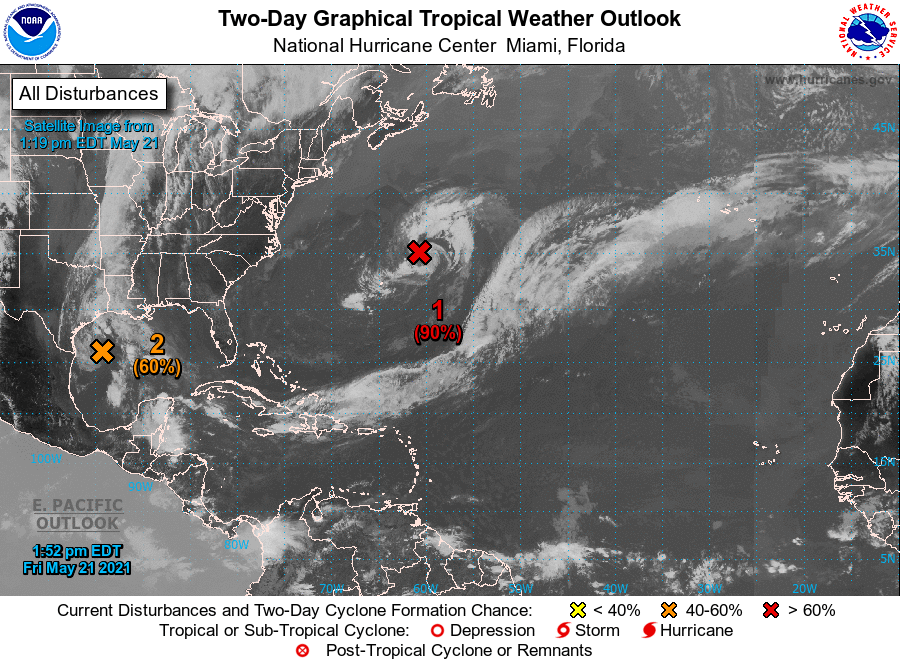
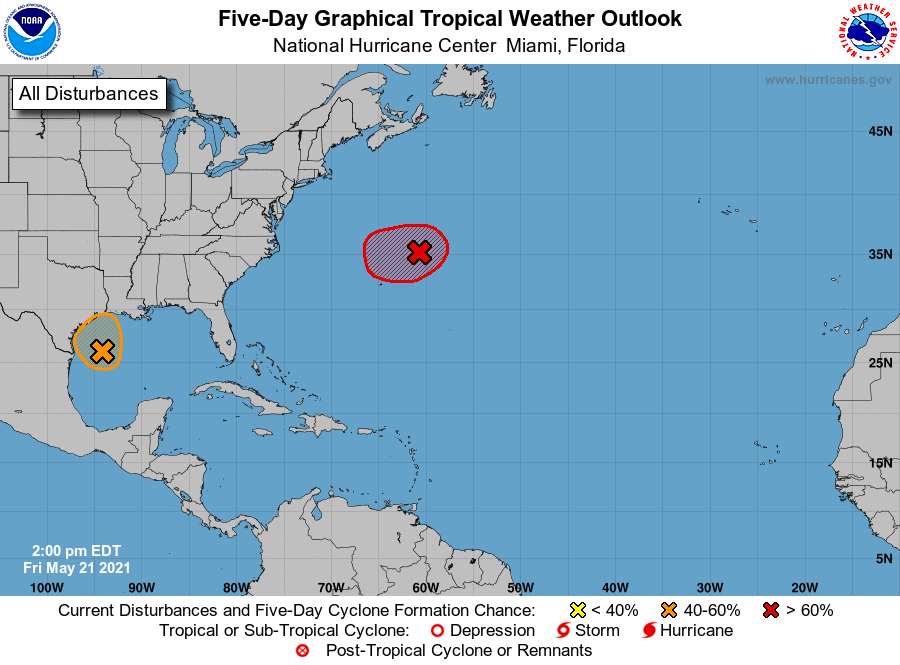
For the North Atlantic...Caribbean Sea and the Gulf of Mexico:

1. Showers and thunderstorms associated with a non-tropical low pressure area centered about 300 miles northeast of Bermuda have diminished somewhat over the past several hours, and the system has not yet acquired subtropical storm characteristics. However, any increase in organization would result in advisories being initiated on the system later today or tonight as it moves westward to west-southwestward to the northeast of Bermuda. Subsequently, the low is forecast to move northeastward into a more hostile environment by Saturday night or Sunday. Additional information on this low pressure area can be found in High Seas forecasts issued by the NOAA Ocean Prediction Center and forecast products, including a tropical storm watch, issued by the Bermuda Weather Service.
* Formation chance through 48 hours...high...90 percent.
* Formation chance through 5 days...high...90 percent.

2. Surface observations and recent satellite wind data indicate that a well-defined low pressure system over the western Gulf of Mexico has winds of 30-35 mph near and east of the center. The associated shower and thunderstorm activity remains limited, but any increase in this activity may result in the formation of a short-lived tropical depression or storm before the system moves inland over the northwestern Gulf coast tonight, and potential tropical cyclone advisories may be needed as early as this afternoon. Regardless of development, the system could produce heavy rainfall over portions of southeastern Texas and southwestern Louisiana through Saturday. Given the complete saturation of soils with ongoing river flooding along the Texas and Louisiana coastal areas, heavy rain could lead to flash, urban, and additional riverine flooding across this region. Additional information on the rainfall and flooding potential can be found in products issued by your local National Weather Service Forecast Office.
* Formation chance through 48 hours...medium...60 percent.
* Formation chance through 5 days...medium...60 percent.

High Seas Forecasts issued by the National Weather Service can be found under AWIPS header NFDHSFAT1, WMO header FZNT01 KWBC, and online at ocean.weather.gov/shtml/NFDHSFAT1.php

Forecaster Beven/Papin